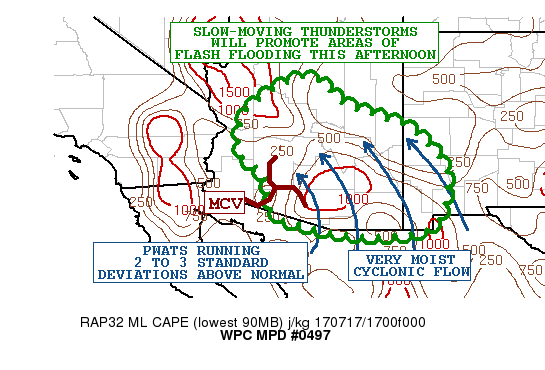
AREAS AFFECTED...CENTRAL/SOUTHERN AZ...SOUTHWEST NM

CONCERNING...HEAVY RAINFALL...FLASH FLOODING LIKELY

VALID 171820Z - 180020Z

SUMMARY...SLOW-MOVING SHOWERS AND THUNDERSTORMS WILL DEVELOP THIS
AFTERNOON AND BE CAPABLE OF PRODUCING 2.5 INCH/HR RAINFALL RATES.
SOME FLASH FLOODING IS LIKELY.

DISCUSSION...THE LATEST EXPERIMENTAL GOES-16 0.64 MICRON/VIS
IMAGERY SHOWS AN EXTREMELY WELL-DEFINED MCV OVER SOUTHWEST AZ
WHICH IS FOSTERING PLENTY OF CYCLONIC FLOW OVER CENTRAL/SOUTHERN
AZ AND SOUTHWEST NM...AND IS ENHANCING A VERY MOIST SOUTHEAST LOW
LEVEL FETCH OVER THE REGION. THIS CONTINUES TO REINFORCE THE
MONSOONAL SET-UP FOR HEAVY CONVECTIVE RAINFALL AS AN INCREASE IN
DIURNAL HEATING/BOUNDARY LAYER INSTABILITY THIS AFTERNOON ALONG
WITH MODEST FORCING AROUND THE EASTERN FLANK OF THE MCV WILL FAVOR
CONVECTIVE DEVELOPMENT/EXPANSION THROUGH THE AFTERNOON HOURS.

ALREADY CONVECTIVE INITIATION IS UNDERWAY ACROSS AREAS OF
SOUTHWEST NM...SOUTHEAST AZ AND LOCALLY UP NEAR THE SOUTHEAST
FLANK OF THE MOGOLLON RIM. 12Z RAOB DATA FROM PHX/TUS THIS MORNING
SHOWED A VERY MOIST COLUMN WITH HIGH PWATS IN THE 1.8 TO 1.9 INCH
RANGE WHICH IS 2 TO 3 STANDARD DEVIATIONS ABOVE NORMAL. THE 15Z
CIRA-LPW DATA CONFIRMS A DEEP MOIST COLUMN THAT HAS PERSISTED AND
WITH A NOTABLY CONCENTRATED POOL OF MOISTURE UP IN THE 500/300 MB
LAYER. THIS WILL CONTRIBUTE TO HIGHLY EFFICIENT RAINFALL PROCESSES
FOR ENHANCED RAINFALL RATES. THIS COUPLED WITH THE DEVELOPMENT OF
RELATIVELY COLD-TOPPED CONVECTION THIS AFTERNOON SHOULD FOSTER
RAINFALL RATES OF UP TO 2.5 INCHES/HR.

THE LATEST ARW/NMMB AND NSSL-WRF SOLUTIONS SUPPORT A RATHER
SIGNIFICANT EXPANSION OF CONVECTION THIS AFTERNOON FROM SOUTHWEST
NM WEST ACROSS ADJACENT AREAS OF SOUTHEAST AZ AND NORTH UP INTO
CENTRAL AZ INCLUDING THE MOGOLLON RIM AREA. EXPECT RAINFALL TOTALS
OF AS MUCH AS 3 TO 4 INCHES AT LEAST LOCALLY...AND SOME ISOLATED
HEAVIER AMOUNTS CANNOT BE RULED OUT GIVEN THE RELATIVELY SLOW CELL
MOTION AND INTENSE RAINFALL RATES.

FLASH FLOODING WILL BE LIKELY OVER AREAS THAT SEE THESE HEAVIER
TOTALS THROUGH THE AFTERNOON HOURS. AREA DRY WASHES AND ARROYOS
WILL BE SENSITIVE TO FLASH FLOODING...BUT ALSO AREAS OF STEEP AND
LOCALLY CHANNELED TERRAIN WHERE RUNOFF WILL BE GREATLY ENHANCED
WILL BE PARTICULARLY PRONE TO FLASH FLOODING. WILL CONTINUE TO
MONITOR.